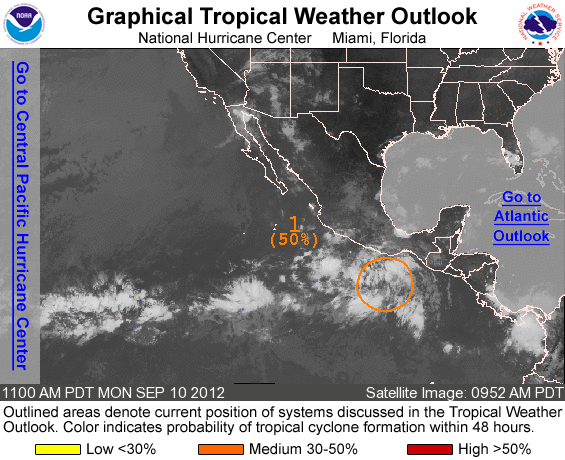
FOR THE EASTERN NORTH PACIFIC...EAST OF 140 DEGREES WEST LONGITUDE..

1. CLOUDINESS AND SHOWERS ASSOCIATED WITH AN AREA OF LOW PRESSURE LOCATED A FEW HUNDRED MILES SOUTH-SOUTHEAST OF ACAPULCO MEXICO REMAIN DISORGANIZED. HOWEVER...ENVIRONMENTAL CONDITIONS REMAIN CONDUCIVE FOR DEVELOPMENT...AND A TROPICAL DEPRESSION COULD FORM WITHIN A COUPLE OF DAYS. THIS SYSTEM HAS A MEDIUM CHANCE...50 PERCENT...OF BECOMING A TROPICAL CYCLONE DURING THE NEXT 48 HOURS AS IT MOVES WEST-NORTHWESTWARD AT 10 TO 15 MPH.

ELSEWHERE...TROPICAL CYCLONE FORMATION IS NOT EXPECTED DURING THE NEXT 48 HOURS.

FORECASTER KIMBERLAIN